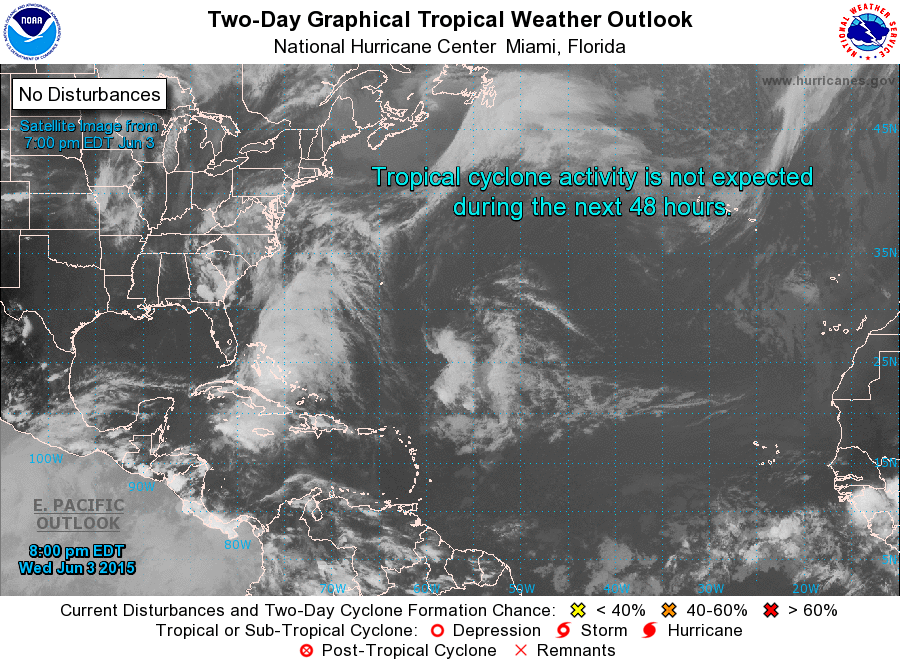
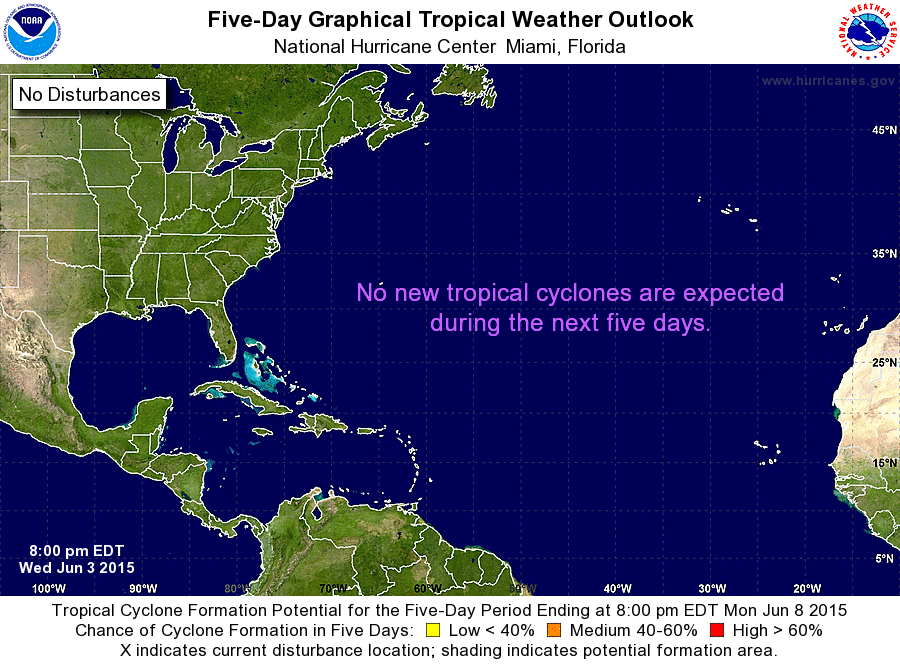
For the North Atlantic...Caribbean Sea and the Gulf of Mexico:

Tropical cyclone formation is not expected during the next 5 days.

Forecaster Berg